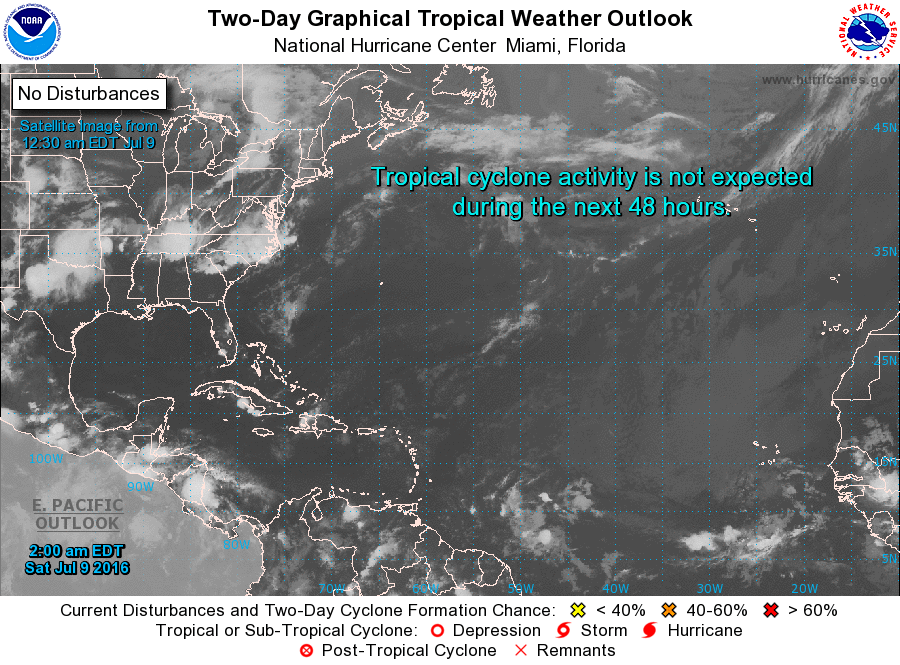
For the North Atlantic...Caribbean Sea and the Gulf of Mexico:

Tropical cyclone formation is not expected during the next 5 days.

Forecaster Brennan